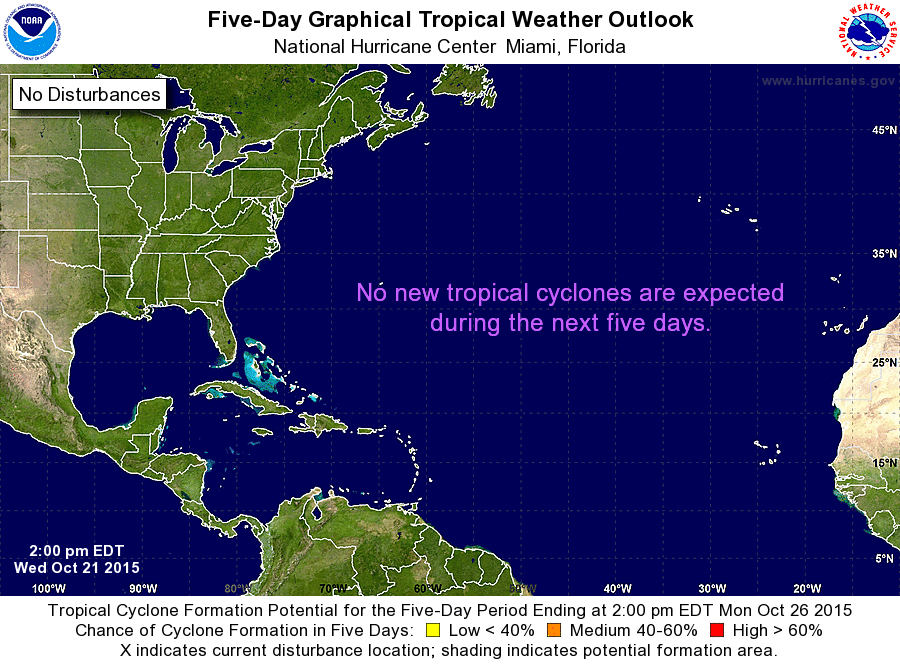
For the North Atlantic...Caribbean Sea and the Gulf of Mexico:

Tropical cyclone formation is not expected during the next 5 days.

Forecaster Beven